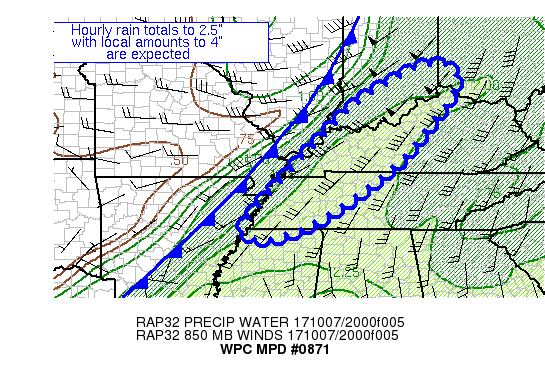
AREAS AFFECTED...WESTERN KY, WESTERN TN, & SOUTHEAST IN

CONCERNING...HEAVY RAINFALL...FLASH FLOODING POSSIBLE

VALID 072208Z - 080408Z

SUMMARY...SHOWERS AND THUNDERSTORMS ARE EXPECTED TO DEVELOP/EXPAND
IN COVERAGE OVER THE NEXT SEVERAL HOURS.  HOURLY RAIN TOTALS TO
2.5" WITH LOCAL AMOUNTS TO 4" ARE EXPECTED.

DISCUSSION...THE COMBINATION OF AN APPROACHING FRONTAL BOUNDARY
AND HURRICANE NATE'S MOVEMENT TOWARDS THE CENTRAL GULF COAST HAS
ALLOWED PRECIPITABLE WATER VALUES TO RISE TO 2-2.25" ACROSS THE
AREA PER RAP FORECASTS, WHICH IS WELL ABOVE AVERAGE FOR EARLY
OCTOBER.  A JET STREAK ALOFT IS APPARENT ON SATELLITE IMAGERY NEAR
THE MID-MISSISSIPPI AND LOWER OH VALLEYS, INDUCED BY THE
APPROACHING UPPER TROUGH AND NATE'S OUTFLOW JET.  INFLOW AT 850
HPA IS CONVERGENT OUT OF THE SOUTH-SOUTHWEST AT 30-45 KTS PER VAD
WIND PROFILES, NEAR THE MAGNITUDE OF THE 850-400 HPA MEAN WIND. ML
CAPE VALUES OF 500-1500 J/KG EXIST IN THIS REGION. SHOWERS AND
THUNDERSTORMS HAVE BEGUN TO DEVELOP HERE, WITH AN INCOMING LINE TO
THE WEST ALONG THE PROGRESSIVE COLD FRONT.

EFFECTIVE BULK SHEAR 40-55 KTS ALONG WITH THE UNIDIRECTIONAL FLOW
WITH HEIGHT SHOULD ALLOW FOR LINEAR, TRAINING CONVECTIVE SEGMENTS
WITH POSSIBLE EMBEDDED MESOCYCLONES, BOTH OF WHICH SHOULD RAMP UP
RAINFALL TOTALS.  THERE IS A STRONG SIGNAL WITHIN THE MESOSCALE
GUIDANCE FOR LOCAL AMOUNTS OF 4".  ONCE CIN DEVELOPS AROUND
SUNSET, CONVECTION SHOULD BE ABLE TO TAP INTO AN ADDITIONAL 500
J/KG ALOFT WHICH SHOULD RAMP UP COVERAGE AND RAIN RATES.  HOURLY
RAIN TOTALS UP TO 2.5" ARE EXPECTED.  VERY LITTLE PRECIPITATION
HAS FALLEN OVER THE PAST COUPLE WEEKS, SO HEAVY RAIN RELATED
ISSUES ARE EXPECTED IN HILLY AND URBANIZED AREAS.